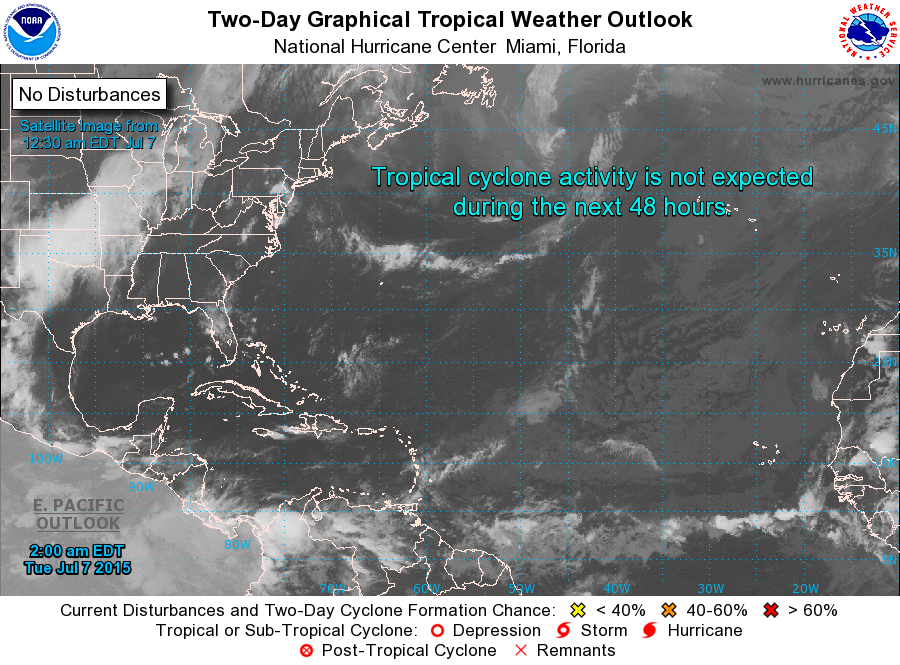
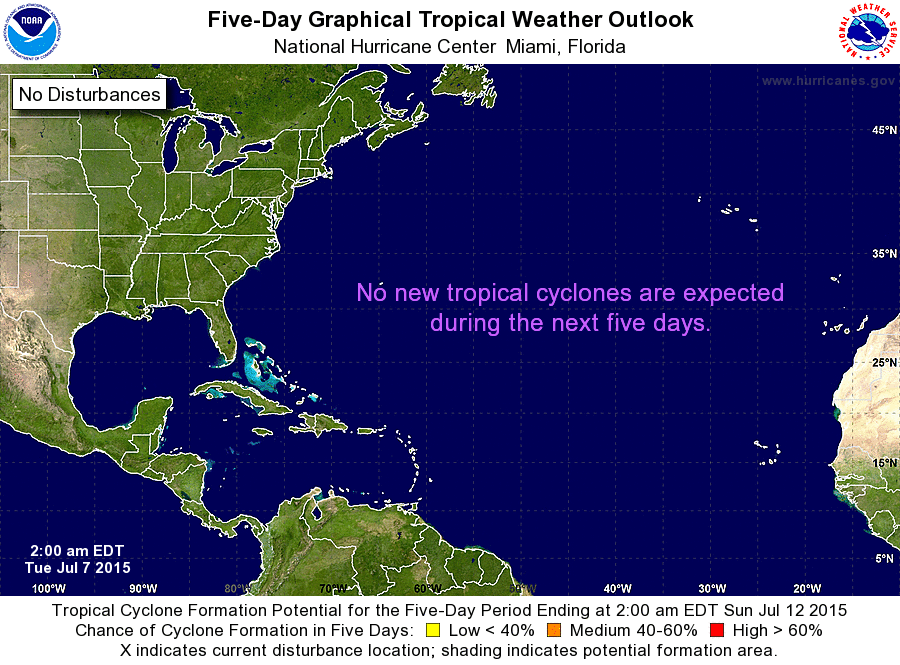
For the North Atlantic...Caribbean Sea and the Gulf of Mexico:

Tropical cyclone formation is not expected during the next 5 days.

Forecaster Cangialosi